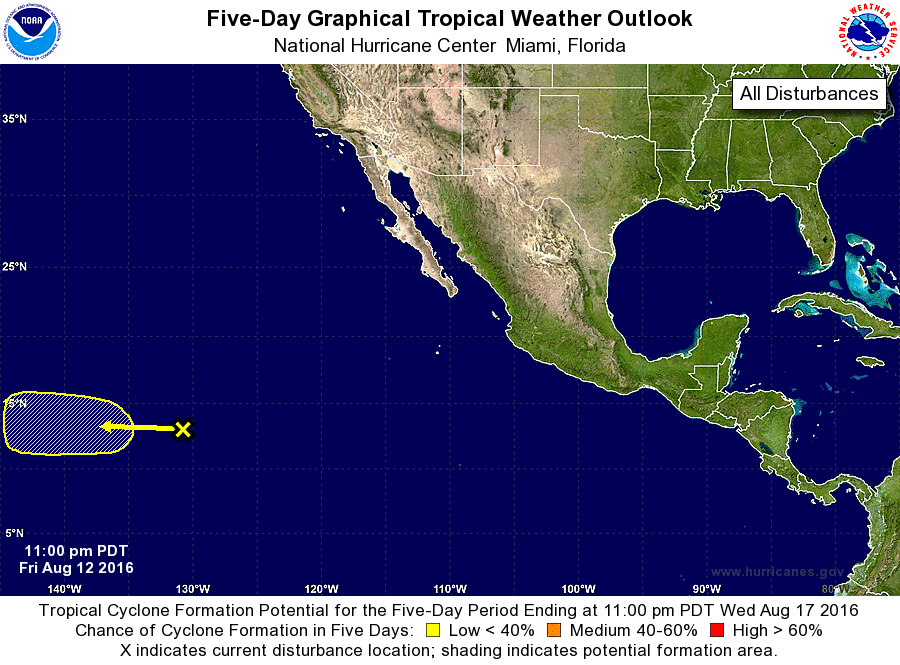
For the eastern North Pacific...east of 140 degrees west longitude:

1. A broad area of disturbed weather is located about 1400 miles southwest of the southern tip of the Baja California peninsula. A low pressure area could form over the weekend while the disturbance moves generally westward. However, any subsequent development of the low should be slow to occur before the system moves into the Central Pacific basin.
* Formation chance through 48 hours...low...near 0 percent
* Formation chance through 5 days...low...10 percent

Forecaster Beven